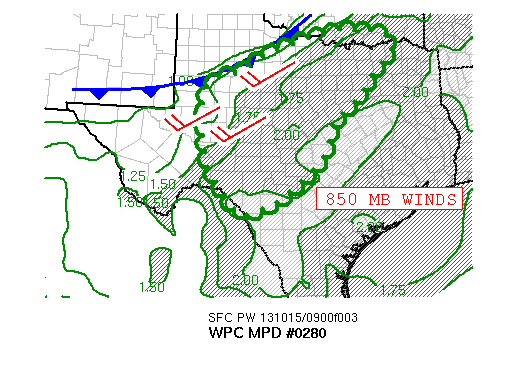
AREAS AFFECTED...CENTRAL TEXAS...

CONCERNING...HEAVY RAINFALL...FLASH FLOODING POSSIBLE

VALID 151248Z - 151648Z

SUMMARY...HEAVY RAINS CONTINUE TO DEVELOP THIS MORNING ALONG AND
TO THE SOUTH OF THE SURFACE COLD FRONT SINKING SOUTHWARD INTO
TEXAS.  TRAINING OF CELLS IN A SOUTHWEST TO NORTHEASTERLY
DIRECTION WILL SUPPORT FLASH FLOODING POTENTIAL THIS MORNING.

DISCUSSION...THE THREAT FOR HEAVY TO EXCESSIVE RAINFALL AMOUNTS
CONTINUES TO INCREASE THIS MORNING ALONG AND AHEAD OF THE SURFACE
COLD FRONT SINKING SOUTHWARD INTO TEXAS.  PW VALUES AHEAD OF THIS
FRONT CONTINUE MUCH ABOVE AVERAGE...2+ STANDARD DEVIATIONS ABOVE
THE MEAN...WITH A WELL DEFINED TAP OF SUB-TROPICAL MOISTURE
EXTENDING WEST SOUTH WESTWARD TO T.D. OCTAVE MOVING INTO THE SOUTH
CENTRAL PORTION OF THE GULF OF CALIFORNIA.  FAVORABLE RIGHT
ENTRANCE REGION JET DYNAMICS WILL PERSIST ALONG AND TO THE SOUTH
OF THE ABOVE MENTIONED COLD FRONT THROUGH THIS
MORNING...CONTINUING TO ENHANCE UVVS.  SLOW MOVEMENT...TRAINING OF
CELLS IN A SOUTHWEST TO NORTHEASTERLY DIRECTION WILL SUPPORT
ISOLATED PRECIPITATION AMOUNTS OF 2-3 INCHES PLUS IN AN HOUR OR
TWO.

WITH RESPECT TO MODEL GUIDANCE...THERE ARE A LOT OF DIFFERENCES
BETWEEN THE THE LATEST HRRR AND THE MORE RELIABLE HI RES ARW AS TO
WHAT AREA WILL RECEIVE THE HEAVIEST AMOUNTS.  THE HRRR SEEMS TO BE
DOING BETTER WITH THE HEAVY RAIN AREA FROM SJT SOUTHWARD...WHILE
THE ARW BETTER WITH THE CONVECTION CLOSER TO THE FRONT ALONG THE
RED RIVER.  THE HI RES ARW IS ALSO EMPHASIZING ADDITIONAL
CONVECTIVE POTENTIAL IN THE VICINITY OF DRT...WITH SATELLITE
IMAGERY SHOWING CONVECTION BEGINNING TO FIRE SOUTH OF DRT OVER
NORTHERN MEXICO.